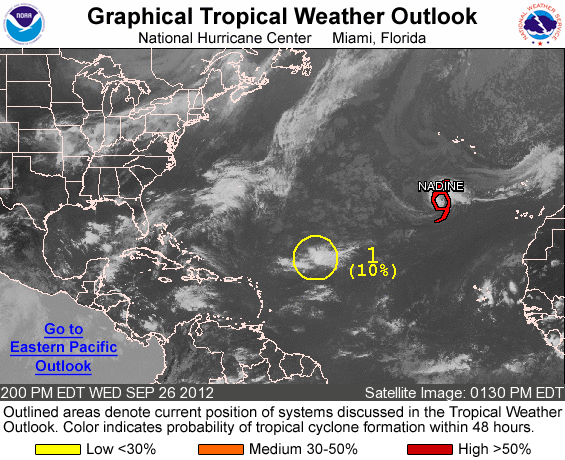
FOR THE NORTH ATLANTIC...CARIBBEAN SEA AND THE GULF OF MEXICO...

THE NATIONAL HURRICANE CENTER IS ISSUING ADVISORIES ON TROPICAL STORM NADINE...LOCATED ABOUT 545 MILES SOUTH-SOUTHWEST OF THE AZORES.

1. AN AREA OF DISTURBED WEATHER ABOUT 650 MILES EAST-NORTHEAST OF THE LEEWARD ISLANDS IS MOVING WESTWARD AT 10 TO 15 MPH. UPPER-LEVEL WINDS ARE NOT FAVORABLE FOR DEVELOPMENT...AND THIS SYSTEM HAS A LOW CHANCE...10 PERCENT...OF BECOMING A TROPICAL CYCLONE DURING THE NEXT 48 HOURS.

ELSEWHERE...TROPICAL CYCLONE FORMATION IS NOT EXPECTED DURING THE NEXT 48 HOURS.

FORECASTER BEVEN